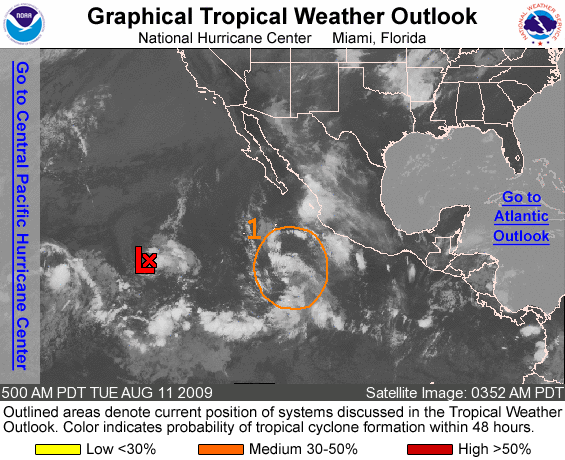
FOR THE EASTERN NORTH PACIFIC...EAST OF 140 DEGREES WEST LONGITUDE..

THE NATIONAL HURRICANE CENTER IS ISSUING ADVISORIES ON TROPICAL DEPRESSION NINE-E...LOCATED ABOUT 1205 MILES WEST-SOUTHWEST OF THE SOUTHERN TIP OF BAJA CALIFORNIA.

1. A BROAD AREA OF LOW PRESSURE LOCATED ABOUT 650 MILES SOUTH OF THE SOUTHERN TIP OF BAJA CALIFORNIA CONTINUES TO PRODUCE A LARGE AREA OF DISORGANIZED SHOWERS AND THUNDERSTORMS. CONDITIONS APPEAR TO BE FAVORABLE FOR GRADUAL DEVELOPMENT OF THIS SYSTEM DURING THE NEXT COUPLE OF DAYS AS IT MOVES GENERALLY WESTWARD AROUND 15 MPH. THERE IS A MEDIUM CHANCE...30 TO 50 PERCENT...OF THIS SYSTEM BECOMING A TROPICAL CYCLONE DURING THE NEXT 48 HOURS.

ELSEWHERE...TROPICAL CYCLONE FORMATION IS NOT EXPECTED DURING THE NEXT 48 HOURS.

FORECASTER BEVEN